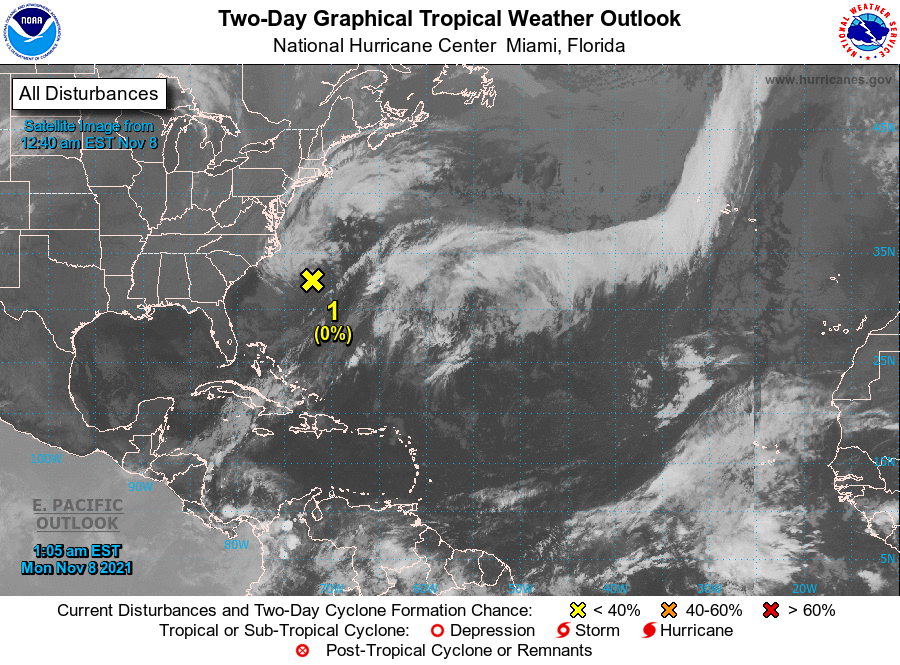
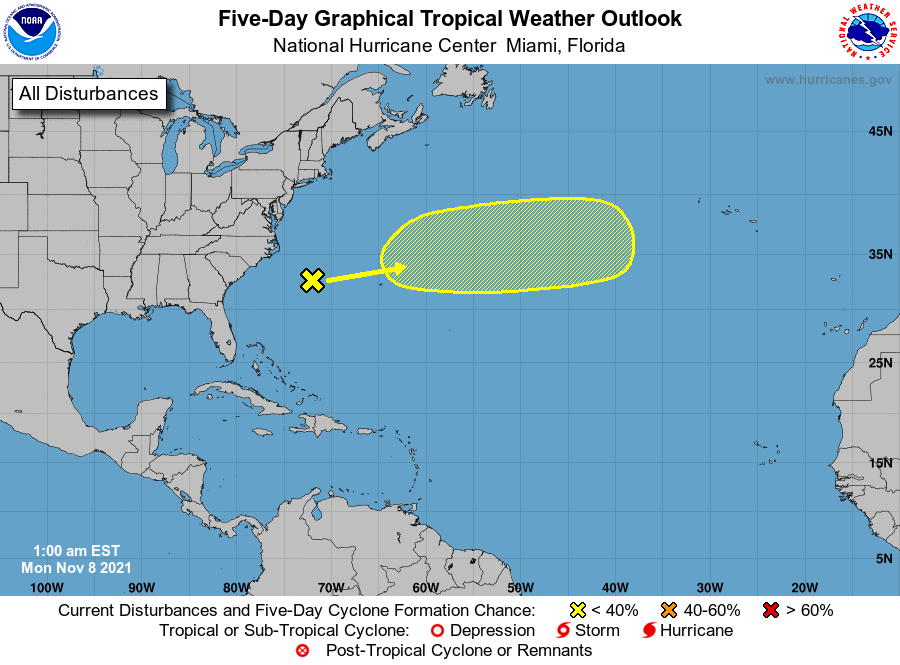
For the North Atlantic...Caribbean Sea and the Gulf of Mexico:

1. A non-tropical low pressure system with storm-force winds is located a couple of hundred miles southeast of Cape Hatteras, North Carolina. This system is forecast to move east-northeastward during the next several days, and it could gradually lose its frontal characteristics by the middle of this week over the subtropical Atlantic Ocean. Thereafter, the low could acquire some subtropical characteristics while it moves eastward or east-northeastward over the open waters of the central Atlantic Ocean. For more information on this system, including storm and coastal flood warnings, see products issued by your local National Weather Service office and High Seas Forecasts issued by the National Weather Service.
* Formation chance through 48 hours...low...near 0 percent.
* Formation chance through 5 days...low...20 percent.

High Seas Forecasts issued by the National Weather Service can be found under AWIPS header NFDHSFAT1, WMO header FZNT01 KWBC, and online at ocean.weather.gov/shtml/NFDHSFAT1.php

Forecaster Stewart